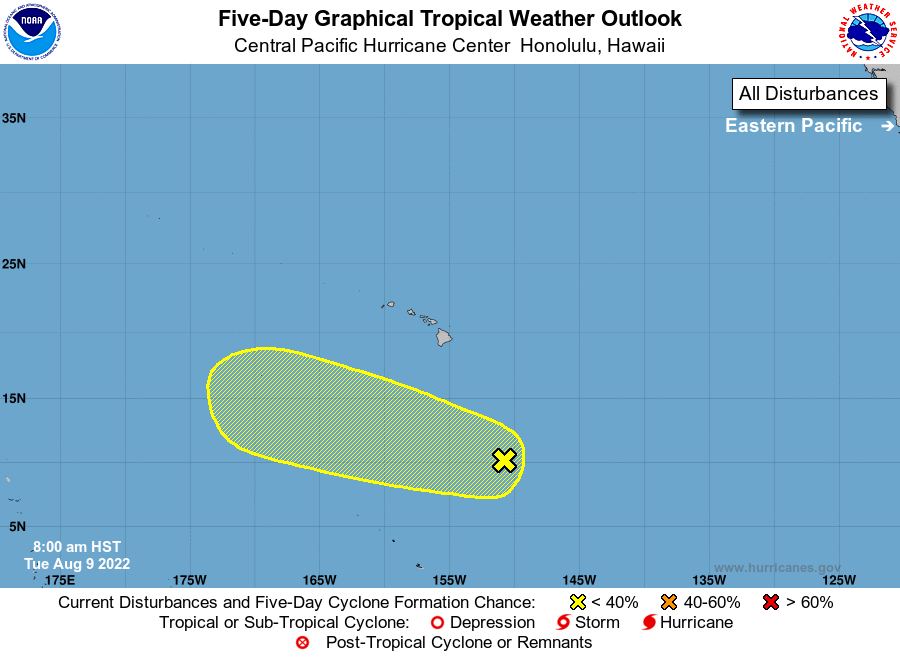
For the central North Pacific...between 140W and 180W:

1. Well South-Southeast of the Main Hawaiian Islands: An area of low pressure could form later this week within a broad trough several hundred miles south-southeast of the main Hawaiian Islands. Environmental conditions could allow for some gradual development of this system as it moves quickly westward to the south of the Hawaiian Islands later this week.
* Formation chance through 48 hours...low...near 0 percent.
* Formation chance through 5 days.....low...20 percent.

Elsewhere, no tropical cyclones are expected during the next 5 days.

Forecaster Foster